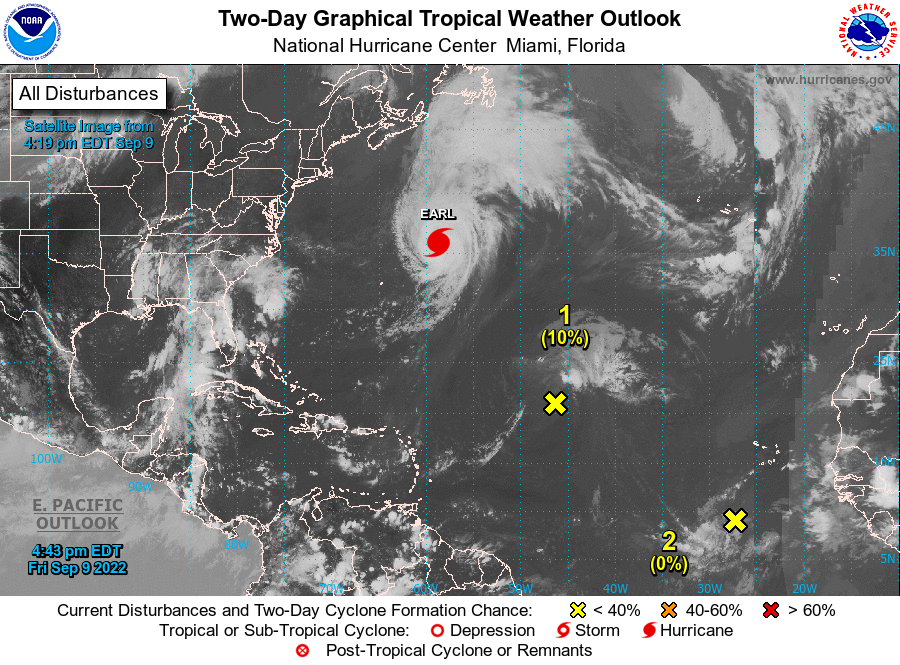
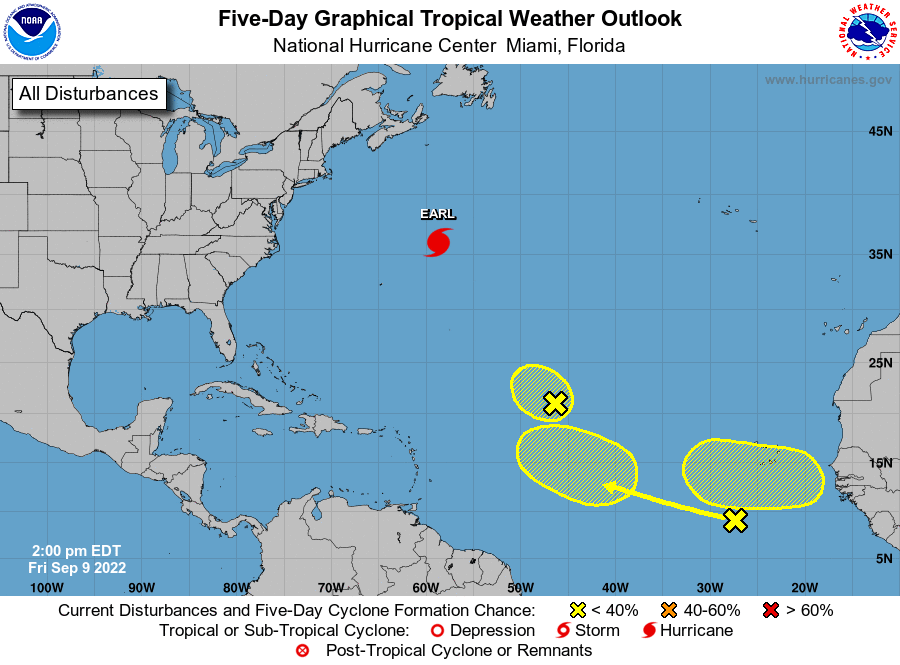
For the North Atlantic...Caribbean Sea and the Gulf of Mexico:

Active Systems: The National Hurricane Center is issuing advisories on Hurricane Earl, located a few hundred miles east-northeast of Bermuda.

1. Central Tropical Atlantic: An area of low pressure located about 1000 miles east of the Leeward Islands is producing limited shower and thunderstorm activity, mostly displaced well to the northeast of the center of the low. Strong upper-level winds are expected to prevent significant development of this system while it moves generally west-northwestward or northwestward for the next day or so. The disturbance is then forecast to merge with a non-tropical system over the weekend. For more information on this system, including gale warnings, please refer to the High Seas Forecasts issued by the National Weather Service.
* Formation chance through 48 hours...low...10 percent.
* Formation chance through 5 days...low...10 percent.

2. Eastern Tropical Atlantic: A tropical wave located several hundred miles south of the Cabo Verde Islands is producing a disorganized area of showers and thunderstorms. No substantial development of this system is expected through the middle of next week while it moves westward or west-northwestward at 15 to 20 mph across the eastern and central tropical Atlantic.
* Formation chance through 48 hours...low...near 0 percent.
* Formation chance through 5 days...low...10 percent.

3. Near the Coast of Africa: Another tropical wave is forecast to move off the coast of Africa by early next week. Some gradual development of the wave will be possible after it moves over water and heads generally westward over the far eastern Atlantic.
* Formation chance through 48 hours...low...near 0 percent.
* Formation chance through 5 days...low...20 percent.

High Seas Forecasts issued by the National Weather Service can be found under AWIPS header NFDHSFAT1, WMO header FZNT01 KWBC, and online at ocean.weather.gov/shtml/NFDHSFAT1.php

Forecaster D. Zelinsky